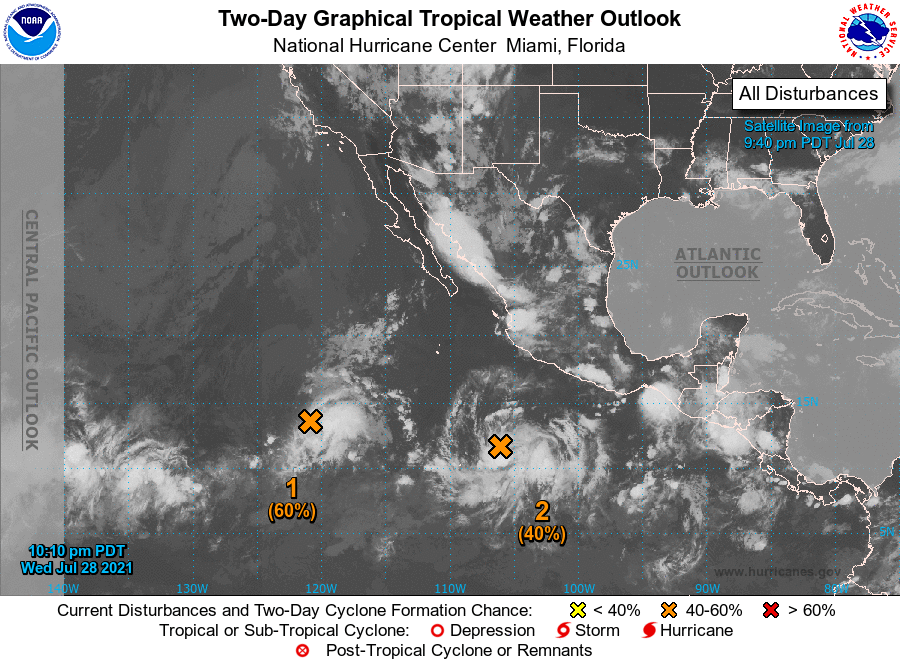
For the eastern North Pacific...east of 140 degrees west longitude:

1. Satellite imagery indicates that shower activity associated with an area of low pressure located about 900 miles southwest of the southern tip of the Baja California peninsula is gradually becoming better organized. Environmental conditions are expected to gradually become more favorable for development during the next couple of days, and a tropical depression is likely to form by this weekend while the system moves generally westward at 5 to 10 mph.
* Formation chance through 48 hours...medium...60 percent.
* Formation chance through 5 days...high...80 percent.

2. Satellite imagery indicates that a broad area of low pressure is located several hundred miles offshore of the southwestern coast of Mexico, and that the associated shower activity is showing signs of organization. Environmental conditions are forecast to be conducive for continued gradual development, and a tropical depression is likely to form this weekend or early next week while the system moves westward or west-northwestward at 10 to 15 mph.
* Formation chance through 48 hours...medium...40 percent.
* Formation chance through 5 days...high...70 percent.

Forecaster Beven